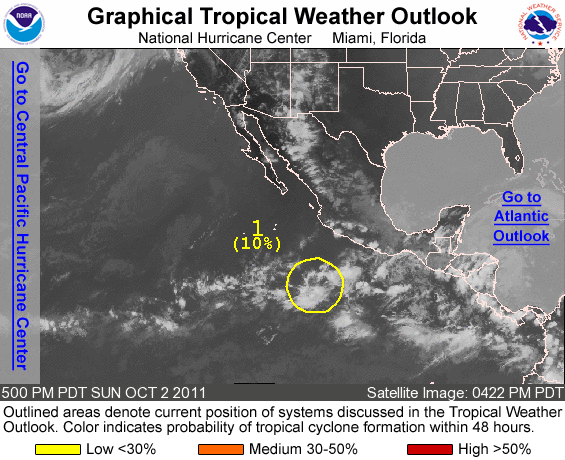
FOR THE EASTERN NORTH PACIFIC...EAST OF 140 DEGREES WEST LONGITUDE..

1. DISORGANIZED SHOWER AND THUNDERSTORM ACTIVITY CONTINUES IN ASSOCIATION WITH A BROAD AREA OF LOW PRESSURE LOCATED SEVERAL HUNDRED MILES SOUTHWEST OF ACAPULCO MEXICO. ENVIRONMENTAL CONDITIONS APPEAR CONDUCIVE FOR SOME SLOW DEVELOPMENT OF THIS SYSTEM DURING THE NEXT COUPLE OF DAYS AS IT MOVES WESTWARD AT 5 TO 10 MPH. THIS SYSTEM HAS A LOW CHANCE...10 PERCENT...OF BECOMING A TROPICAL CYCLONE DURING THE NEXT 48 HOURS.

ELSEWHERE...TROPICAL CYCLONE FORMATION IS NOT EXPECTED DURING THE NEXT 48 HOURS.

FORECASTER KIMBERLAIN